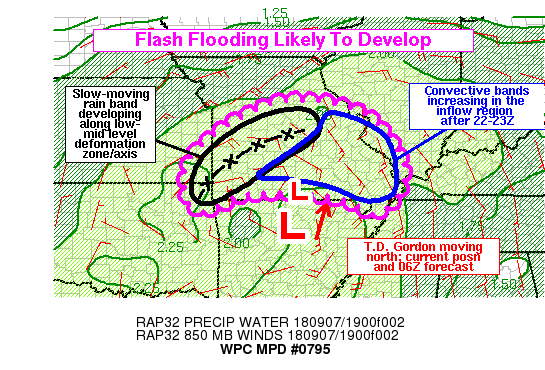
Areas affected...Southern and Central Missouri and small parts of
adjacent states

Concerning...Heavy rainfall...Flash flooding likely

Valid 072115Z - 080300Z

Summary...Coverage of rain will increase in southern and central
Missouri in the late afternoon, and continue during the early
evening hours. As the rain coverage increases, rain rates are
likely to begin to reach the 1-2 in/hr range more regularly, with
locally higher rates possible. This could lead to flash flooding
as bands of rain continue to develop and move very slowly around
the periphery of Tropical Depression Gordon, which is forecast to
move into southern Missouri overnight.

Discussion...Tropical Depression Gordon was clearly defined in
radar and satellite imagery over north-central Arkansas, and was
forecast to continue moving north toward southern Arkansas over
the next several hours. To the northwest, a band of low-mid level
deformation was increasing from far northeast Oklahoma into
southwest and central Missouri. Rain bands were developing and
becoming more focused along this axis, and given the gradual
northward motion of Gordon, the rain bands and associated forcing
may be nearly stationary into the early evening hours. Therefore,
a more concentrated area of heavy rainfall could develop in
southwest Missouri this evening. CIRA blended TPW indicated
precipitable water values were likely above 2 inches, and a recent
sounding launched from LMN (outside the main bubble of higher PW
near Gordon's center) showed a 2.1 inch PW. Therefore, PWs in
southern Missouri may be climbing into the 2.2 to 2.3 inch range
now in some areas, and this should promote efficient heavy rain
bands. With the freezing level around 14-15kft, a deep warm cloud
layer, and nearly saturated profile up to the tropopause, even
more frontally forced rain bands in the absence of strong
instability could produce substantial rain rates around 1-2 in/hr
(and perhaps locally higher in some cases).

In the northeast quadrant of the circulation of Gordon, low-level
inflow should increase over southeast Missouri into the evening
hours, as a curved LLJ to the east of the center shifts north in
response to the storm's motion. The combination of a regional max
in low-level moisture flux, with the typical diurnal cycle of
convection focusing closer to the center of warm core cyclones
overnight, should yield an increase in rain over the next several
hours in this area as well. RAP analysis indicates a ribbon of
stronger instability in the eastern half of Gordon's circulation
as well, with MLCAPE values around 1500-2000 j/kg. Some lightning
has been observed in a few of the scattered convective bands
already forming in southeast Missouri, and thus slightly deeper
and stronger convection may be favored in that area over the next
several hours. Rain rates of 1-2 in/hr will also be common in the
convection in this area, but higher rates around 3 in/hr will be
possible in regions of training. The flash flooding threat is
expected to persist beyond the expiration time of this discussion
(03Z) in southeast Missouri, and heavy rainfall later in the night
could exacerbate any flooding that develops this evening.